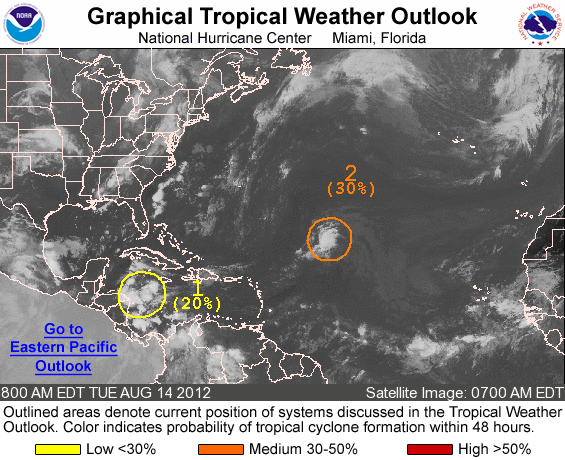
FOR THE NORTH ATLANTIC...CARIBBEAN SEA AND THE GULF OF MEXICO...

1. A TROPICAL WAVE...THE REMNANTS OF TROPICAL DEPRESSION SEVEN... IS PRODUCING SHOWERS AND THUNDERSTORMS OVER THE WEST-CENTRAL CARIBBEAN SEA. ALTHOUGH ENVIRONMENTAL CONDITIONS ARE MARGINALLY CONDUCIVE FOR REGENERATION...SIGNIFICANT DEVELOPMENT IS NOT EXPECTED BEFORE THE WAVE BEGINS TO MOVE ACROSS CENTRAL AMERICA LATER TODAY. THIS SYSTEM HAS A LOW CHANCE...20 PERCENT...OF BECOMING A TROPICAL CYCLONE AGAIN DURING THE NEXT 48 HOURS. REGARDLESS OF DEVELOPMENT...HEAVY RAINS AND GUSTY WINDS WILL BE POSSIBLE ACROSS PORTIONS OF CENTRAL AMERICA TODAY AND WEDNESDAY AS THE WAVE MOVES WESTWARD AT 15 TO 20 MPH.

2. A TROUGH OF LOW PRESSURE LOCATED OVER THE CENTRAL ATLANTIC ABOUT 1050 MILES SOUTHEAST OF BERMUDA IS PRODUCING A CONCENTRATED AREA OF SHOWERS AND THUNDERSTORMS. SURFACE PRESSURES ARE HIGH AND NO SIGNIFICANT DEVELOPMENT OF THIS DISTURBANCE IS EXPECTED TODAY. HOWEVER...ENVIRONMENTAL CONDITIONS ARE FORECAST TO BECOME MORE CONDUCIVE OVER THE NEXT COUPLE OF DAYS. THIS SYSTEM HAS A MEDIUM CHANCE... 30 PERCENT...OF BECOMING A TROPICAL CYCLONE DURING THE NEXT 48 HOURS AS IT MOVES WEST-NORTHWESTWARD TO NORTHWESTWARD AT 15 MPH.

ELSEWHERE...TROPICAL CYCLONE FORMATION IS NOT EXPECTED DURING THE NEXT 48 HOURS.

FORECASTER STEWART